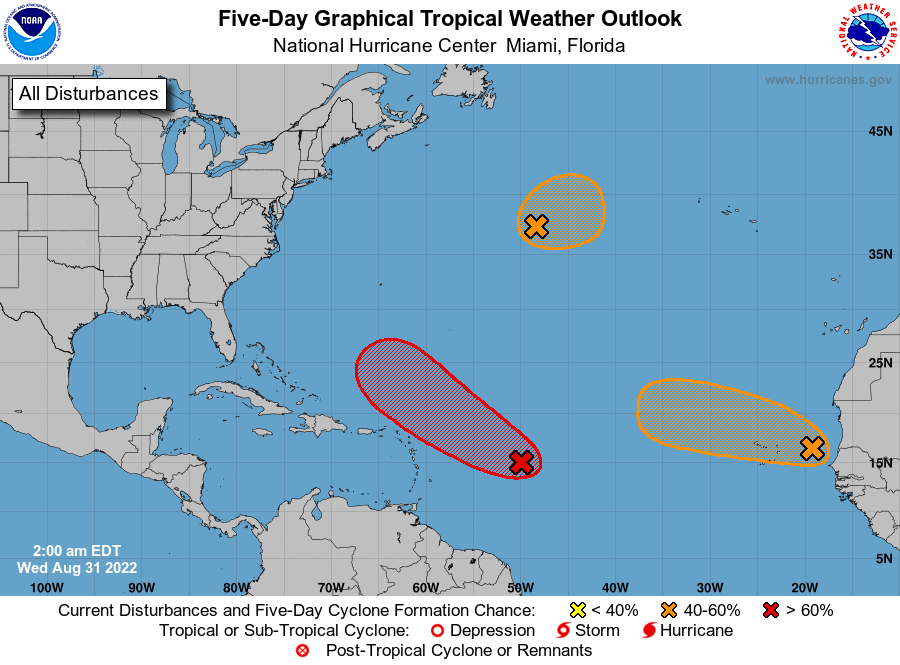
For the North Atlantic...Caribbean Sea and the Gulf of Mexico:

1. Central Tropical Atlantic: Shower and thunderstorm activity associated with an area of low pressure located several hundred miles east of the Lesser Antilles has continued to increase and become more concentrated overnight. However, recent satellite wind data indicate that the circulation remains elongated and lacks a well-defined center. Although environmental conditions are only marginally conducive, additional gradual development of this system is expected and a tropical depression is likely to form within the next couple of days. The disturbance is forecast to move slowly toward the west-northwest, toward the adjacent waters of the northern Leeward Islands. Additional information on this system can be found in High Seas Forecasts issued by the National Weather Service.
* Formation chance through 48 hours...medium...60 percent.
* Formation chance through 5 days...high...80 percent.

2. Eastern Tropical Atlantic: A broad area of low pressure located between the west coast of Africa and the Cabo Verde Islands is producing disorganized showers and thunderstorms. Some gradual development is possible, and the system could become a short-lived tropical depression over the far eastern Atlantic during the next couple of days. By late this week, environmental conditions are forecast to become increasingly unfavorable for further development. Regardless, the system could bring locally heavy rainfall to portions of the Cabo Verde Islands through Thursday.
* Formation chance through 48 hours...low...20 percent.
* Formation chance through 5 days...medium...40 percent.

3. Central Subtropical Atlantic: An area of low pressure is expected to form within the next day or so along a decaying frontal zone over the central subtropical Atlantic. Environmental conditions are expected to be conducive for some gradual development thereafter, and a tropical or subtropical depression could form later this week while the system drifts generally eastward.
* Formation chance through 48 hours...low...30 percent.
* Formation chance through 5 days...medium...50 percent.

High Seas Forecasts issued by the National Weather Service can be found under AWIPS header NFDHSFAT1, WMO header FZNT01 KWBC, and online at ocean.weather.gov/shtml/NFDHSFAT1.php

Forecaster Brown